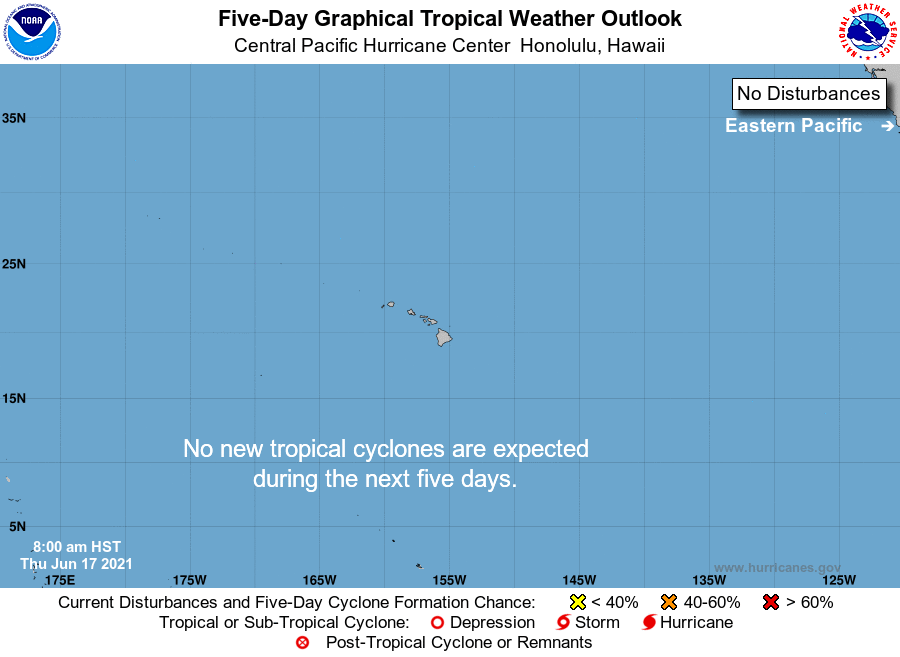
For the central North Pacific...between 140W and 180W:

No tropical cyclones are expected during the next 5 days.

Forecaster TS